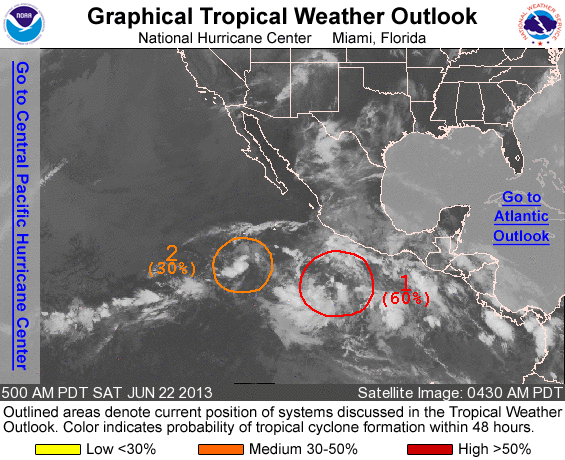
FOR THE EASTERN NORTH PACIFIC...EAST OF 140 DEGREES WEST LONGITUDE..

1. THERE HAS BEEN LITTLE CHANGE WITH AN AREA OF LOW PRESSURE LOCATED ABOUT 400 MILES SOUTH-SOUTHWEST OF ACAPULCO MEXICO. UPPER-LEVEL WINDS ARE BECOMING FAVORABLE FOR ADDITIONAL DEVELOPMENT...AND A TROPICAL DEPRESSION COULD FORM DURING THE NEXT COUPLE OF DAYS AS THE SYSTEM MOVES WESTWARD AT ABOUT 10 MPH. THIS SYSTEM HAS A HIGH CHANCE...60 PERCENT...OF BECOMING A TROPICAL CYCLONE DURING THE NEXT 48 HOURS.

2. AN AREA OF LOW PRESSURE CENTERED ABOUT 700 MILES SOUTH-SOUTHWEST OF THE SOUTHERN TIP OF BAJA CALIFORNIA IS DRIFTING TOWARD THE NORTH. WHILE THUNDERSTORMS NEAR THE CENTER HAVE RECENTLY INCREASED... ENVIRONMENTAL CONDITIONS ARE EXPECTED TO BECOME LESS CONDUCIVE FOR FURTHER DEVELOPMENT IN A DAY OR TWO. THIS SYSTEM HAS A MEDIUM CHANCE...30 PERCENT...OF BECOMING A TROPICAL CYCLONE DURING THE NEXT 48 HOURS.

ELSEWHERE...TROPICAL CYCLONE FORMATION IS NOT EXPECTED DURING THE NEXT 48 HOURS.

FORECASTER BLAKE